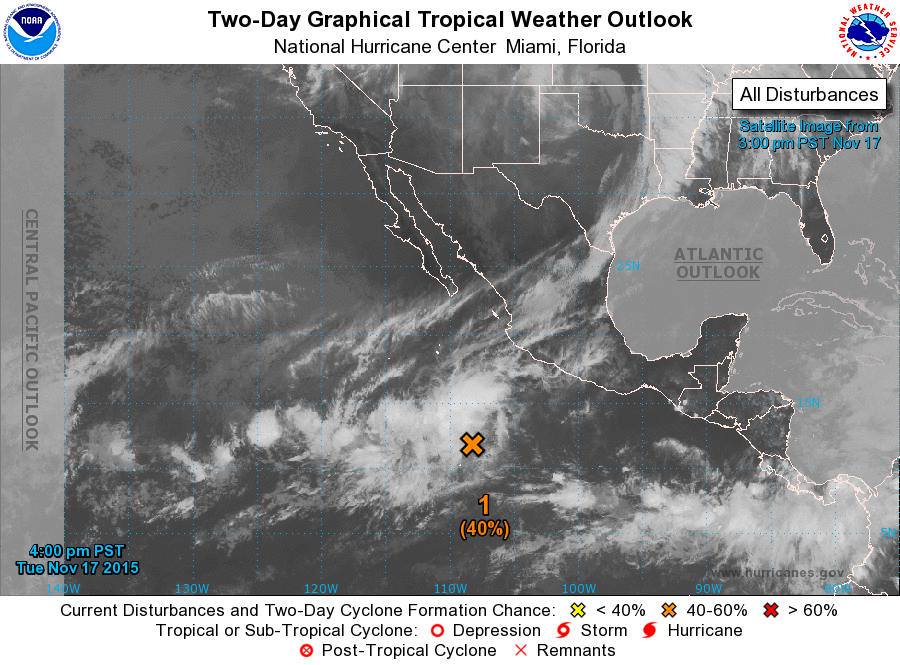
For the eastern North Pacific...east of 140 degrees west longitude:

1. A large area of disturbed weather centered several hundred miles south to southwest of the southern tip of the Baja California peninsula is associated with a broad area of low pressure. Although this system is currently disorganized, environmental conditions are forecast to be conducive for a tropical depression to form during the next few days while this disturbance moves west-northwestward to northwestward.
* Formation chance through 48 hours...medium...40 percent
* Formation chance through 5 days...high...70 percent

Forecaster Avila